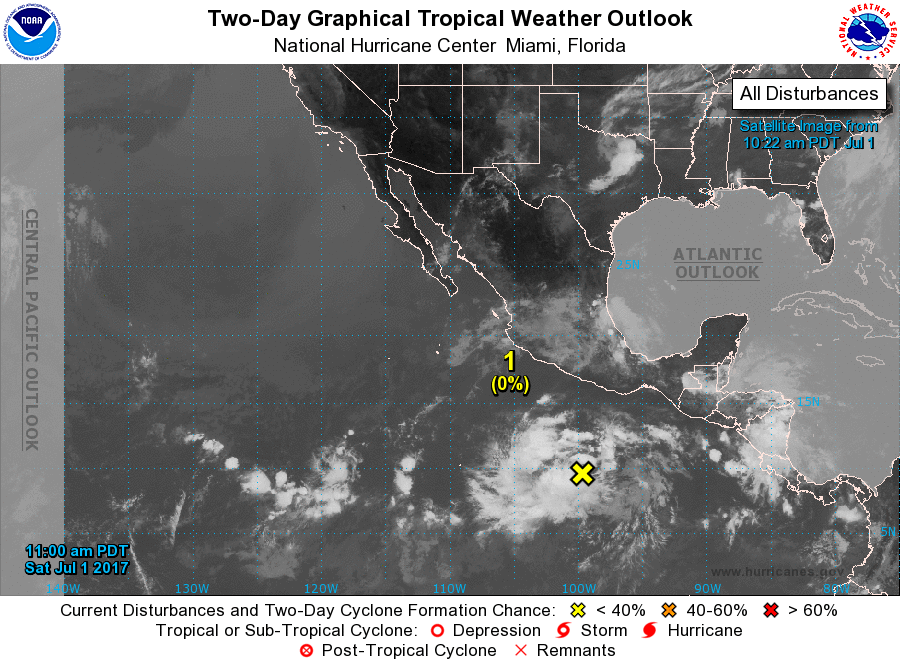
For the eastern North Pacific...east of 140 degrees west longitude:

1. An elongated area of low pressure located several hundred miles south of Acapulco, Mexico, is producing a large area of disorganized showers and thunderstorms. Development, if any, of this system should be slow to occur while it moves west-northwestward well south of the coast of Mexico.
* Formation chance through 48 hours...low...near 0 percent.
* Formation chance through 5 days...low...20 percent.

Forecaster Cangialosi